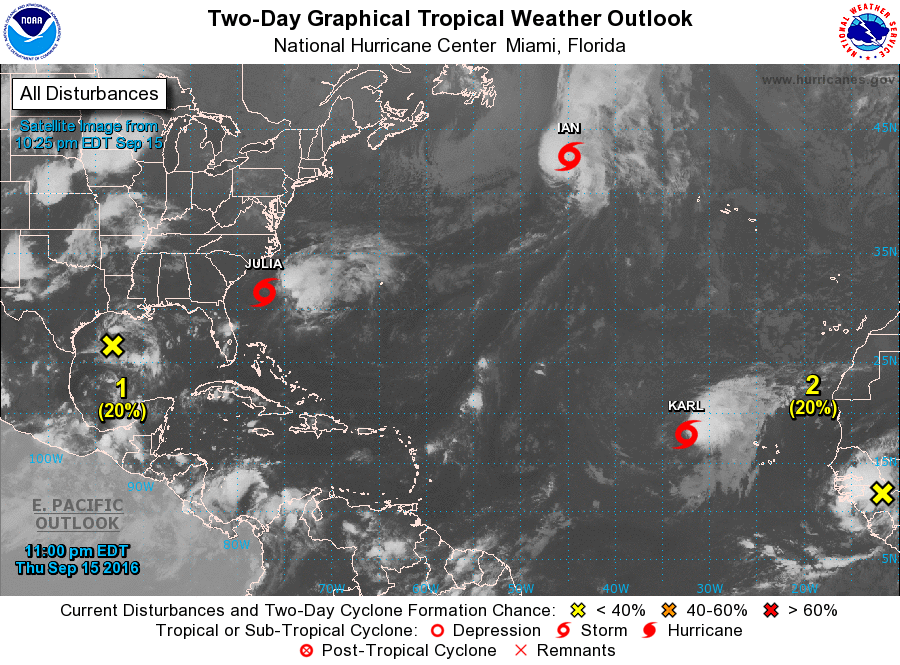
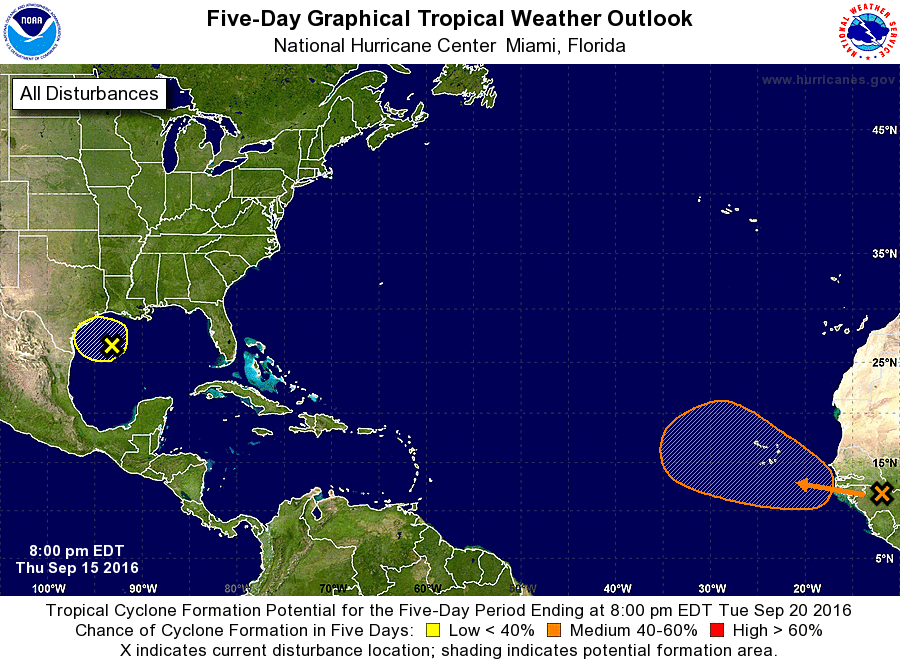
For the North Atlantic...Caribbean Sea and the Gulf of Mexico:

The National Hurricane Center is issuing advisories on Tropical Storm Ian, located well to the east-northeast of Bermuda, on Tropical Storm Julia, located offshore of the South Carolina coast, and on Tropical Depression Twelve, located west of the Cabo Verde Islands.

1. An elongated area of low pressure located over the northwestern Gulf of Mexico is producing a large area of cloudiness and showers. Development of this system, if any, should be slow to occur before it moves inland over Texas by Saturday.
* Formation chance through 48 hours...low...20 percent
* Formation chance through 5 days...low...20 percent

2. A tropical wave is expected to move off of the west coast of Africa on Friday, and then move generally west-northwestward over the far eastern Atlantic. Some slight development of this wave is possible before conditions become less favorable for tropical cyclone formation early next week.
* Formation chance through 48 hours...low...20 percent
* Formation chance through 5 days...medium...50 percent

Forecaster Avila